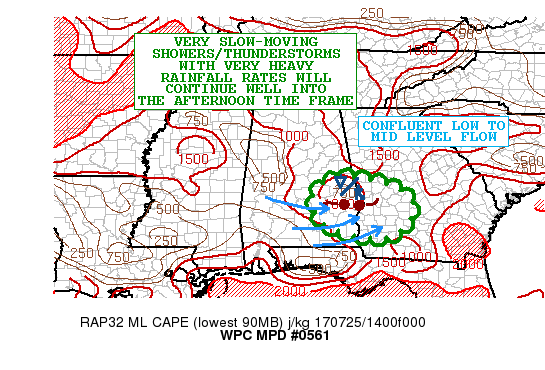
AREAS AFFECTED...SOUTHEAST AL...WEST-CENTRAL/SOUTHWEST GA

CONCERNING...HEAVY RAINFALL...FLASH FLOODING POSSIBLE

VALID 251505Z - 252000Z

SUMMARY...VERY SLOW-MOVING SHOWERS AND THUNDERSTORMS CONTINUE WITH
VERY HEAVY RAINFALL RATES. SOME ADDITIONAL FLASH FLOODING WILL BE
POSSIBLE THROUGH MID-AFTERNOON.

DISCUSSION...THE LATEST EXPERIMENTAL GOES-16 10.3 MICRON/IR DATA
CONTINUE TO SHOW A WELL-DEFINED LOW TO MID LEVEL MCV MOVING VERY
SLOWLY EAST ACROSS EASTERN AL AND BEGINNING TO OVERSPREAD FAR
WESTERN AREAS OF GA. VERY SLOW MOVING COLD-TOPPED CONVECTION
CONTINUES TO GENERATE THIS HOUR AROUND PREDOMINANTLY THE SOUTHERN
FLANK OF THE MCV WHERE MORE FAVORABLE LOW LEVEL CONFLUENCE AND
INSTABILITY IS SITUATED.

THE PWATS ACROSS THE REGION ARE NEAR 2.25 INCHES...AND WITH HIGHLY
CONCENTRATED MOISTURE DEEP THROUGH THE COLUMN...THE RAINFALL RATES
WILL CONTINUE TO BE VERY HEAVY...AND LOCALLY EXCEEDING 2.5
INCHES/HR WITHIN THE STRONGER CONVECTIVE CORES.

THE LATEST GLOBAL MODEL CONSENSUS SUGGESTS A GRADUAL
EAST-SOUTHEAST DRIFT OF THE MCV THIS AFTERNOON WHICH WILL
GRADUALLY TAKE IT MORE INTO WESTERN AND SOUTHWESTERN AREAS O F GA.
THE SOUTHERN AND SOUTHEASTERN FLANKS OF THE MCV SHOULD REMAIN
CONVECTIVELY ACTIVE WHICH WILL MAINTAIN THE THREAT FOR VERY HEAVY
RAINFALL ACROSS PARTS OF SOUTHEAST AL AND ALSO SOUTHWEST GA.

EXPECT AS MUCH AS 3 TO 5 INCHES OF RAIN LOCALLY THROUGH
MID-AFTERNOON AS PER THE LATEST HRRR GUIDANCE...AND THIS MAY
RESULT IN SOME FLASH FLOODING AS A RESULT.